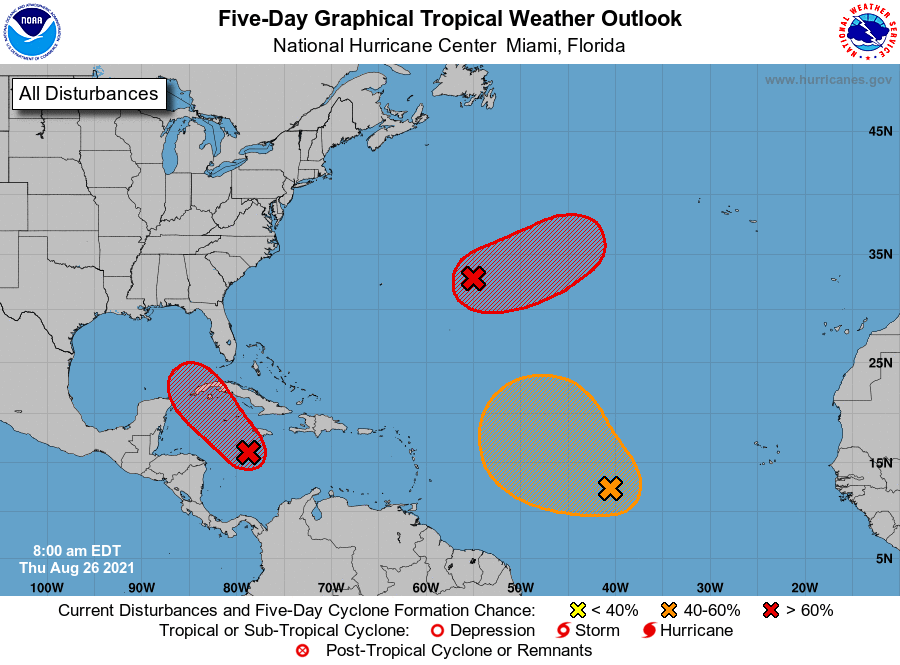
For the North Atlantic...Caribbean Sea and the Gulf of Mexico:

Showers and thunderstorms continue to show signs of organization in association with a broad area of low pressure located over the west-central Caribbean Sea about 150 miles south-southwest of Jamaica. Environmental conditions remain conducive for additional development, and a tropical depression or tropical storm is expected to form later today or tonight while the system moves northwestward over the northwestern Caribbean Sea, reaching the Cayman Islands tonight and western Cuba and the Yucatan Channel Friday and Friday night. Given the recent developmental trends, Tropical Storm Warnings for the Cayman Islands and western Cuba could be required later this morning, and an Air Force Reserve reconnaissance aircraft is scheduled to investigate the system this afternoon. Regardless of development, locally heavy rainfall and flooding are possible over portions of Jamaica and the Cayman Islands today and tonight, and will likely spread across Cuba and the Yucatan Peninsula on Friday.

1. The system is expected to enter into the Gulf of Mexico Friday night and continue moving northwestward toward the central or northwestern U.S. Gulf coast, potentially bringing dangerous impacts from storm surge, wind, and heavy rainfall to portions of the coasts of Texas, Louisiana, Mississippi, Alabama, and the Florida Panhandle by Sunday and Monday. However, uncertainty in the system's exact track and intensity remains large since the low is just beginning to form. Interests in these areas should closely monitor the progress of this system and ensure they have their hurricane plans in place. Additional information on this system, including gale warnings, can be found in High Seas Forecasts issued by the National Weather Service.
* Formation chance through 48 hours...high...90 percent.
* Formation chance through 5 days...high...90 percent.

2. A trough of low pressure located over the central Atlantic about 600 miles east of Bermuda continues to produce disorganized showers and thunderstorms. Environmental conditions are forecast to be generally conducive for development, and a tropical depression is likely to form late this week or this weekend while the system moves slowly eastward at 5 to 10 mph.
* Formation chance through 48 hours...medium...40 percent.
* Formation chance through 5 days...high...70 percent.

3. A tropical wave located over the central tropical Atlantic about 1000 miles west-southwest of the Cabo Verde Islands is producing disorganized showers and thunderstorms. Environmental conditions appear a little more conducive for development during the next few days, and a tropical depression could form by the weekend while the system moves toward the west-northwest or northwest at 10 to 15 mph. Upper-level winds could become less conducive for development by early next week.
* Formation chance through 48 hours...medium...40 percent.
* Formation chance through 5 days...medium...50 percent.

High Seas Forecasts issued by the National Weather Service can be found under AWIPS header NFDHSFAT1, WMO header FZNT01 KWBC, and online at ocean.weather.gov/shtml/NFDHSFAT1.php

Forecaster Berg